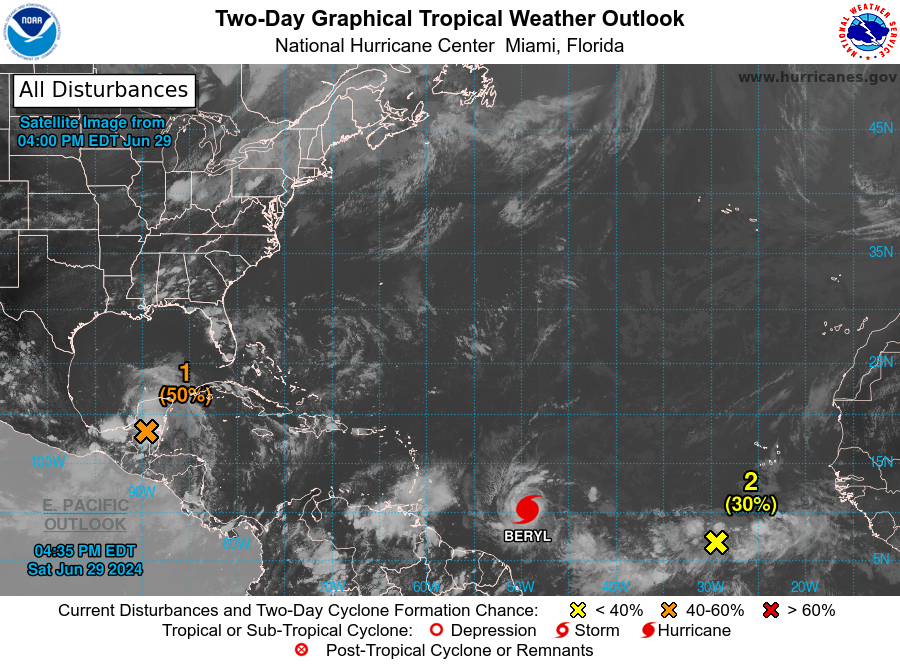
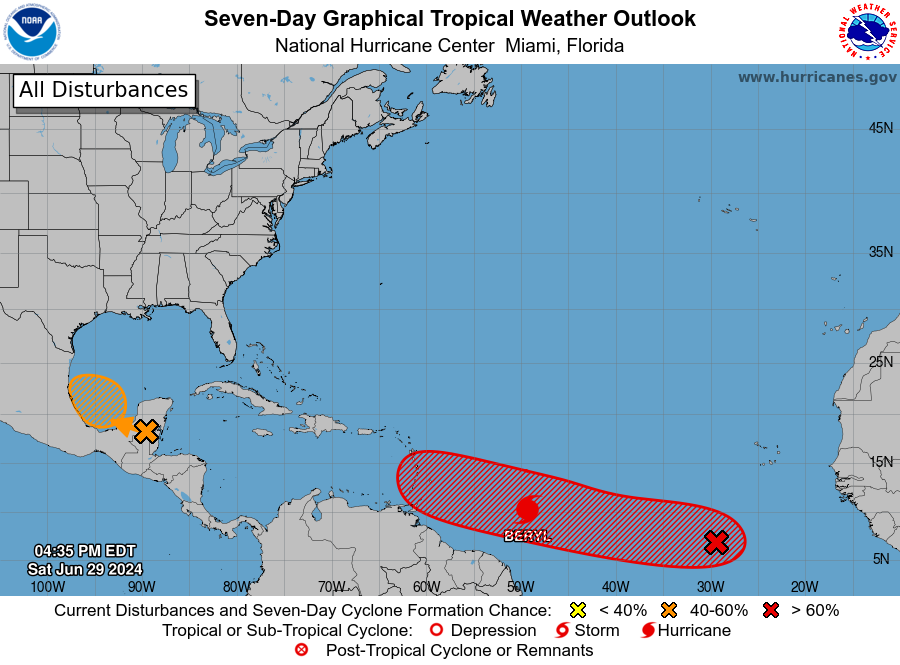
For the North Atlantic...Caribbean Sea and the Gulf of Mexico:

Active Systems: The National Hurricane Center is issuing advisories on Tropical Storm Beryl, located over the central tropical Atlantic Ocean.

1. Northwestern Caribbean/Southwestern Gulf of Mexico (AL94): A broad area of low pressure is forecast to form over the Bay of Campeche tonight or early Sunday, where conditions appear generally conducive for further development. A tropical depression could form before the system moves inland again early next week over Mexico. Interests along the Gulf coast of Mexico should monitor the progress of this system. Regardless of development, heavy rainfall associated with the area of low pressure will affect portions of Central America and Mexico through early next week.
* Formation chance through 48 hours...medium...50 percent.
* Formation chance through 7 days...medium...50 percent.

2. Eastern Tropical Atlantic: An area of low pressure located several hundred miles southwest of the Cabo Verde Islands is producing an area of disorganized showers and thunderstorms. Environmental conditions appear conducive for additional development of this system, and a tropical depression could form by the middle of next week while it moves generally westward at 15 to 20 mph across the eastern and central tropical Atlantic.
* Formation chance through 48 hours...low...30 percent.
* Formation chance through 7 days...high...70 percent.

Public Advisories on Tropical Storm Beryl are issued under WMO header WTNT32 KNHC and under AWIPS header MIATCPAT2. Forecast/Advisories on Tropical Storm Beryl are issued under WMO header WTNT22 KNHC and under AWIPS header MIATCMAT2.

Forecaster Roberts